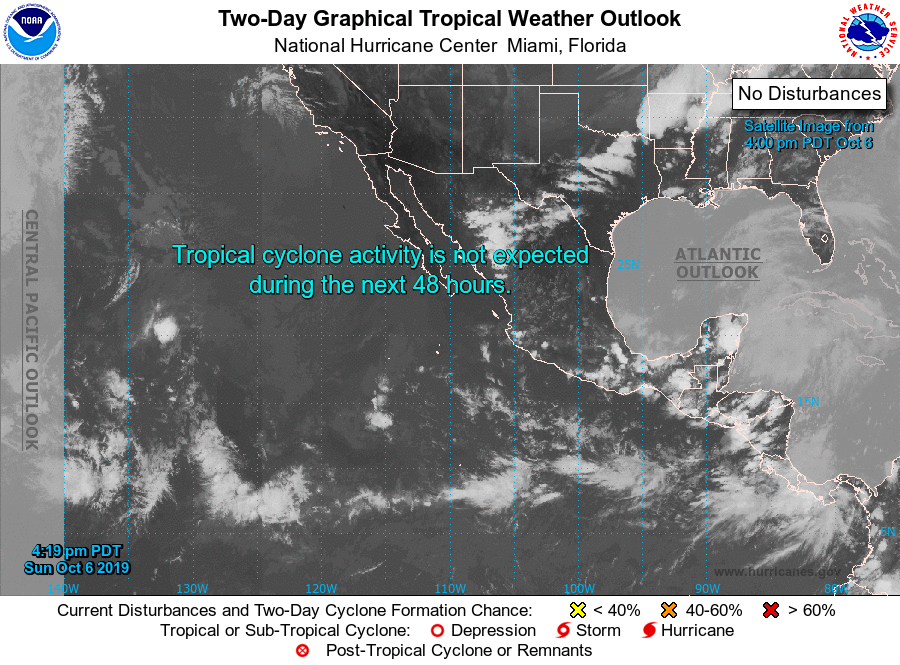
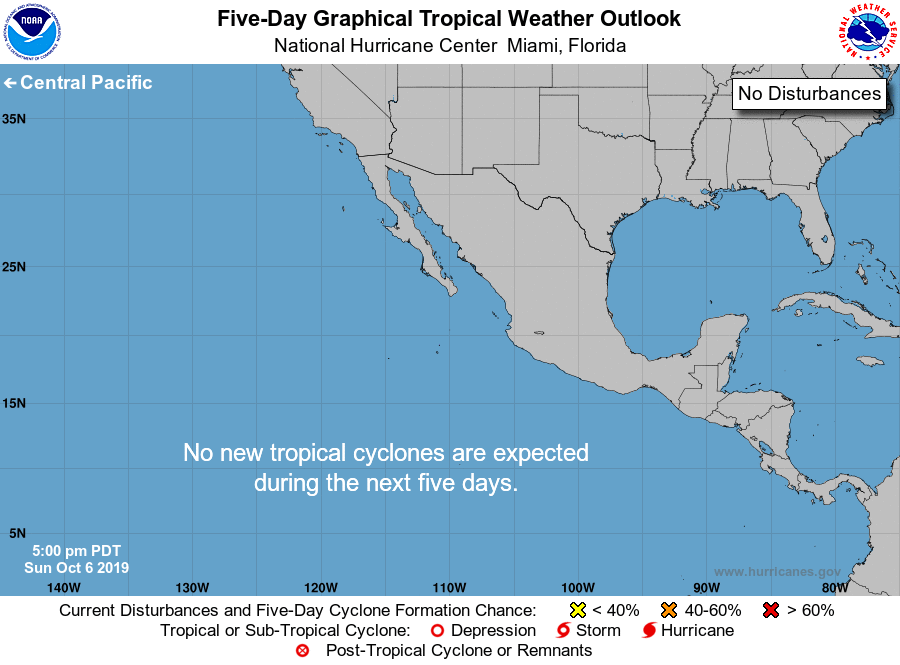
For the eastern North Pacific...east of 140 degrees west longitude:

Tropical cyclone formation is not expected during the next 5 days.

Forecaster Cangialosi